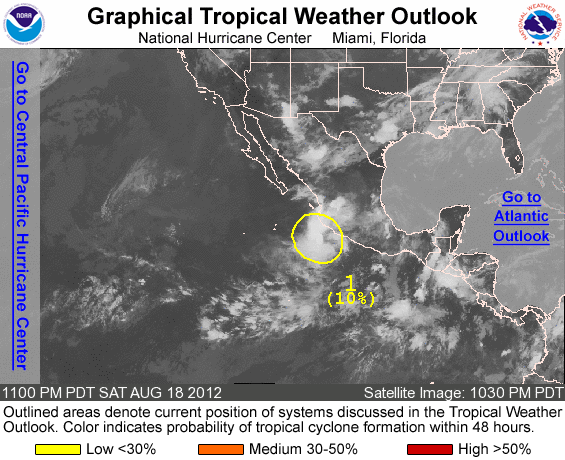
FOR THE EASTERN NORTH PACIFIC...EAST OF 140 DEGREES WEST LONGITUDE..

1. AN AREA OF DISTURBED WEATHER ASSOCIATED WITH A TROUGH OF LOW PRESSURE HAS DEVELOPED NEAR THE COAST OF SOUTHWEST MEXICO. DEVELOPMENT...IF ANY...OF THIS SYSTEM IS EXPECTED TO BE SLOW TO OCCUR. THIS SYSTEM HAS A LOW CHANCE...10 PERCENT...OF BECOMING A TROPICAL CYCLONE DURING THE NEXT 48 HOURS AS IT REMAINS NEARLY STATIONARY.

ELSEWHERE...TROPICAL CYCLONE FORMATION IS NOT EXPECTED DURING THE NEXT 48 HOURS.

FORECASTER BROWN